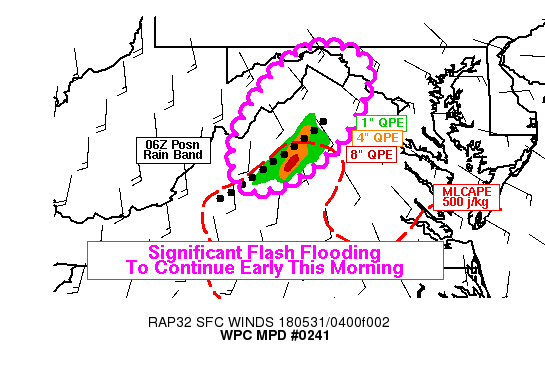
AREAS AFFECTED...NWRN VIRGINIA...PANHANDLE OF WV...FAR WRN
MARYLAND

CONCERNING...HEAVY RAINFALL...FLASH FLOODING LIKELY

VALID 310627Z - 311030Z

SUMMARY...VERY HEAVY RAIN WILL CONTINUE IN TROPICAL RAIN BANDS
EARLY THIS MORNING WITH RAIN RATES POSSIBLY REACHING 2 IN/HR. ONE
PROMINENT RAIN BAND CONTINUED TO FOCUS NEAR THE BLUE RIDGE
MOUNTAINS AND HAS PRODUCED RADAR ESTIMATED RAINFALL IN EXCESS OF 8
INCHES JUST WEST OF CHARLOTTESVILLE VA. CONTINUED TRAINING OF THE
RAIN BAND IN THIS GENERAL VICINITY SHOULD CONTINUE TO LEAD TO
SIGNIFICANT AND LIFE-THREATENING FLASH FLOODING.

DISCUSSION...A NEARLY STATIONARY CONVECTIVE RAIN BAND HAS REMAINED
FOCUSED ALONG AND NEAR THE BLUE RIDGE MOUNTAINS FOR MUCH OF THE
NIGHT...PRODUCING VERY HEAVY RAIN RATES FROM ALBERMARLE COUNTY
NORTHEAST TO MADISON COUNTY IN NORTHWEST VIRGINIA. KLWX DUAL POL
RAINFALL TOTALS ARE IN EXCESS OF 4 INCHES FOR MUCH OF THAT
SWATH...AND IN EXCESS OF 8 INCHES IN ALBERMARLE COUNTY JUST WEST
OF KCHO. THE MEAN POSITION OF THE CONVECTIVE BAND HAS SHIFTED OFF
THAT QPE MAX AND IS NOW TIED MORE TO THE TERRAIN...BUT PERSISTENCE
FOR SEVERAL HOURS HAS DELIVERED AT LEAST 4 INCHES TO THOSE AREAS
WITH RAIN CONTINUING AS OF 06Z.

HI-RES MODELS HAVE STRUGGLED TO ADEQUATELY MODEL THE EVOLUTION OF
THIS CONVECTIVE BAND...TENDING TO LIFT MOST OF THE RAIN NORTHEAST
WITH AN ELEVATED (925-850MB) WARM FRONT AND A PWAT AXIS.
HOWEVER...A REGION OF MLCAPE AROUND 500-800 J/KG WITH LIMITED CINH
WAS SITUATED ACROSS PORTIONS OF CENTRAL VIRGINIA IN THE INFLOW
REGION FOR THE CONVECTIVE BAND...WITH BOUNDARY LAYER WINDS OUT OF
THE S-SE. THIS HAS LIKELY HELPED SUSTAIN THE CONVECTION...VERY
MOIST LOW-LEVEL INFLOW INTERCEPTING THE TERRAIN (AND PERHAPS A
WEAK SURFACE CONVERGENCE ZONE ALONG THE BLUE RIDGE MTNS) WITH A
SUPPLY OF CONVECTIVE INSTABILITY THAT IS NOT BEING EXHAUSTED.
THEREFORE...DESPITE THE SUGGESTIONS OF THE HI-RES MODELS...IT
SEEMS PLAUSIBLE THAT THE CONVECTIVE BAND COULD BE SUSTAINED FOR AT
LEAST A FEW MORE HOURS.

EVEN IF THE CONVECTIVE BAND BEGINS TO DIMINISH...VERY HEAVY RAIN
RATES AT THE TIME OF THIS DISCUSSION (0630Z) ON ALREADY SATURATED
SOIL SHOULD PRODUCE FLASH FLOODING AND EXCESSIVE RUNOFF EARLY THIS
MORNING IN THE VICINITY OF THE BLUE RIDGE MTNS. SOME OF THE FLASH
FLOODING WAS VERY LIKELY SIGNIFICANT...WITH LIFE-THREATENING DEEP
INUNDATION...PARTICULARLY IN LOW LYING AREAS AND NEAR STREAMS AND
CREEKS. IF THE CONVECTIVE BAND MANAGES TO BE SUSTAINED FOR SEVERAL
MORE HOURS...DOMINANT WARM RAIN PROCESSES AND ANOMALOUSLY HIGH
PRECIPITABLE WATER VALUES SHOULD SUPPORT HIGHLY EFFICIENT RAINFALL
PRODUCTION AND HEAVY RAIN RATES POSSIBLY EXCEEDING 2 IN/HR AT
TIMES. THIS WOULD CONTINUE TO EXACERBATE ANY ONGOING FLOODING.

THE DISCUSSION AREA WAS DRAWN TO INCLUDE AREAS TO THE NORTH AND
NORTHWEST...TO ACCOUNT FOR SOME SHOWERS DEVELOPING NEAR THE WV-VA
BORDER...AND THE POSSIBILITY THAT SIMILAR RAIN BANDS MAY BEGIN TO
FOCUS ON OTHER TERRAIN FEATURES IN BROAD S-SE LOW-LEVEL INFLOW.
HOWEVER...A LIMITING FACTOR TO THE NORTH AND NORTHWEST WOULD TEND
TO BE MORE LIMITED CONVECTIVE INSTABILITY.